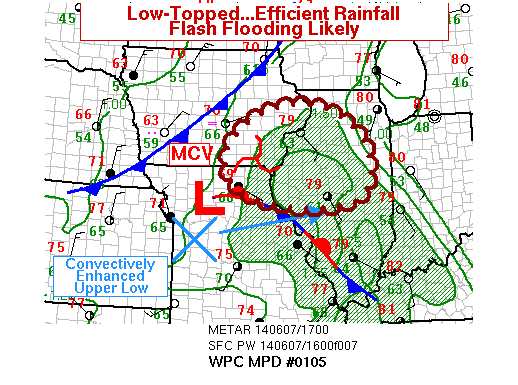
AREAS AFFECTED...SE IA...NE MO...WRN IL...CENTRAL IL

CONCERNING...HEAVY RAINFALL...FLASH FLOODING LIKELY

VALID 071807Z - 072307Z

SUMMARY...A WARM RAIN PROCESS WILL LEAD TO RAPID ACCUMULATIONS
WITH DECEPTIVELY LITTLE LIGHTNING. INTENSE SYNOPTIC LIFT WILL
CONCENTRATE THIS EVENT ALONG ADJACENT FLOOD BASINS WHILE
PROGRESSING ONLY SLOWLY TO THE EAST. FLASH FLOODING IS LIKELY TO
RESULT.

DISCUSSION...RADAR ECHOES HAD TAKEN ON A RECOGNIZABLE FLASH FLOOD
SIGNATURE OVER SE IA AND NRN MO. INSTABILITY WAS WEAK...BUT THE
HRRR FORECASTS AN AXIS OF UP TO 750 J/KG MOST UNSTABLE CAPE TO
CONTINUE WRAPPING INTO A SLOW MOVING MID LEVEL CIRCULATION THROUGH
EARLY EVENING. WITH THUNDERSTORM TOPS ONLY AROUND 30 KFT...RAP
SOUNDINGS SHOWED MUCH OF THE CLOUD LAYER TO BE WARMER THAN -12 C.
ALONG WITH LOW T/TD SPREADS NEAR THE SURFACE...THIS PROFILE WILL
FAVOR WARM RAIN AND EFFICIENT RATES...IN ADDITION TO WEAK COLD
POOLS AND LITTLE FORWARD PROPAGATION. AN INVERTED 800-850 MB
TROUGH AXIS NORTH OF THE SYNOPTIC LOW WILL HOLD CONVECTION IN
PLACE WILL ADDITIONAL CELLS FORM WITHIN THE INFLOW AND MERGE FROM
THE SOUTHEAST AND LATER EAST.

THIS SCENARIO OCCURRED EARLIER IN SW IA WHERE WFO DMX PASSED ON
PUBLIC REPORTS OF AT LEAST 3 TO 4 INCHES OF RAIN. THE HIRES MODELS
ARE UNANIMOUS IN PRODUCING SIMILAR AMOUNTS OVER THIS FOCUSED
REGION THROUGH 23Z...WHERE INTENSE LIFT WILL MAINTAIN CONVECTIVE
PROFILES DESPITE WIDESPREAD OVERTURNING. THE RESPONSIBLE FEATURES
WILL TRANSLATE SLOWLY EAST WHILE THE SCENARIO FOR FLASH FLOODING
REMAINS UNCHANGED...WITH AREAS ALONG AND EAST OF THE MO/IA BORDER
MOST FAVORED.